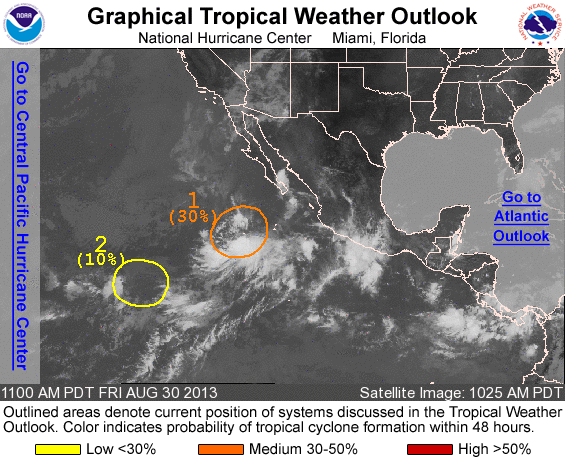
FOR THE EASTERN NORTH PACIFIC...EAST OF 140 DEGREES WEST LONGITUDE..

1. SHOWERS AND THUNDERSTORMS ASSOCIATED WITH AN AREA OF LOW PRESSURE CENTERED ABOUT 525 MILES SOUTHWEST OF THE SOUTHERN TIP OF THE BAJA CALIFORNIA PENINSULA HAVE BECOME MORE ORGANIZED TODAY. SOME DEVELOPMENT OF THIS SYSTEM IS POSSIBLE DURING THE NEXT DAY OR SO WHILE THIS SYSTEM MOVES NORTHWARD AT 10 TO 15 MPH. THE LOW IS FORECAST TO REACH COOLER WATERS IN ABOUT A DAY AND DEVELOPMENT AFTER THAT TIME IS NOT EXPECTED. THIS SYSTEM HAS A MEDIUM CHANCE...30 PERCENT...OF BECOMING A TROPICAL CYCLONE DURING THE NEXT 48 HOURS...AND ALSO A MEDIUM CHANCE...30 PERCENT...OF BECOMING A TROPICAL CYCLONE DURING THE NEXT 5 DAYS.

2. SHOWER AND THUNDERSTORM ACTIVITY ASSOCIATED WITH A WELL-DEFINED AREA OF LOW PRESSURE LOCATED ABOUT 1375 MILES SOUTHWEST OF THE SOUTHERN TIP OF THE BAJA CALIFORNIA PENINSULA HAS DIMINISHED DURING THE MORNING. LITTLE DEVELOPMENT...IF ANY...OF THIS SYSTEM IS EXPECTED TO OCCUR DURING THE NEXT COUPLE OF DAYS AS IT MOVES SLOWLY NORTHEASTWARD. THIS DISTURBANCE HAS A LOW CHANCE...10 PERCENT...OF BECOMING A TROPICAL CYCLONE DURING THE NEXT 48 HOURS...AND A LOW CHANCE...10 PERCENT...OF BECOMING A TROPICAL CYCLONE DURING THE NEXT 5 DAYS.

OTHER SYSTEMS WITH FORMATION POTENTIAL BEYOND 48 HOURS...

AN AREA OF DISTURBED WEATHER COULD FORM A FEW HUNDRED MILES SOUTH OF THE SOUTHERN COAST OF MEXICO IN A FEW DAYS. CONDITIONS APPEAR TO BE CONDUCIVE FOR SOME SLOW DEVELOPMENT OF THIS DISTURBANCE...WHICH MAY MOVE SLOWLY TOWARD THE NORTHWEST. THIS SYSTEM HAS A LOW CHANCE...NEAR 0 PERCENT...OF BECOMING A TROPICAL CYCLONE DURING THE NEXT 48 HOURS...AND A LOW CHANCE...20 PERCENT...OF BECOMING A TROPICAL CYCLONE DURING THE NEXT 5 DAYS.

FIVE-DAY FORMATION PROBABILITIES ARE EXPERIMENTAL IN 2013. COMMENTS ON THE EXPERIMENTAL FORECASTS CAN BE PROVIDED AT...

HTTP://WWW.NWS.NOAA.GOV/SURVEY/NWS-SURVEY.PHP?CODE=ETWO

FORECASTER LANDSEA